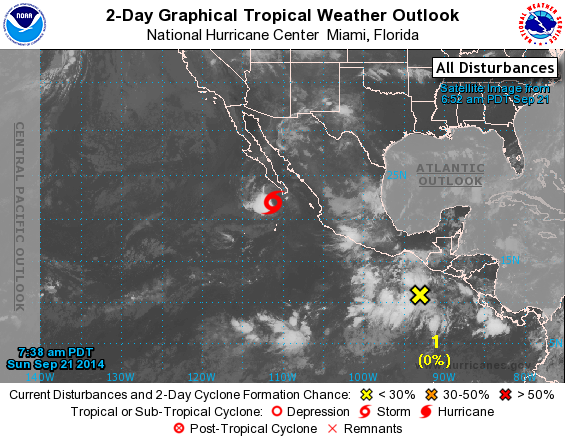
For the eastern North Pacific...east of 140 degrees west longitude:

The National Hurricane Center is issuing advisories on Tropical Storm Polo, located about a hundred miles south-southwest of the southern tip of the Baja California peninsula.

1. A weak area of low pressure, accompanied by disorganized showers and thunderstorms, is located several hundred miles south-southeast of the Gulf of Tehuantepec. Environmental conditions are expected to be conducive for gradual development of this system during the next several days while it moves westward or west-northwestward.
* Formation chance through 48 hours...low...near 0 percent.
* Formation chance through 5 days...medium...40 percent.

Forecaster Kimberlain